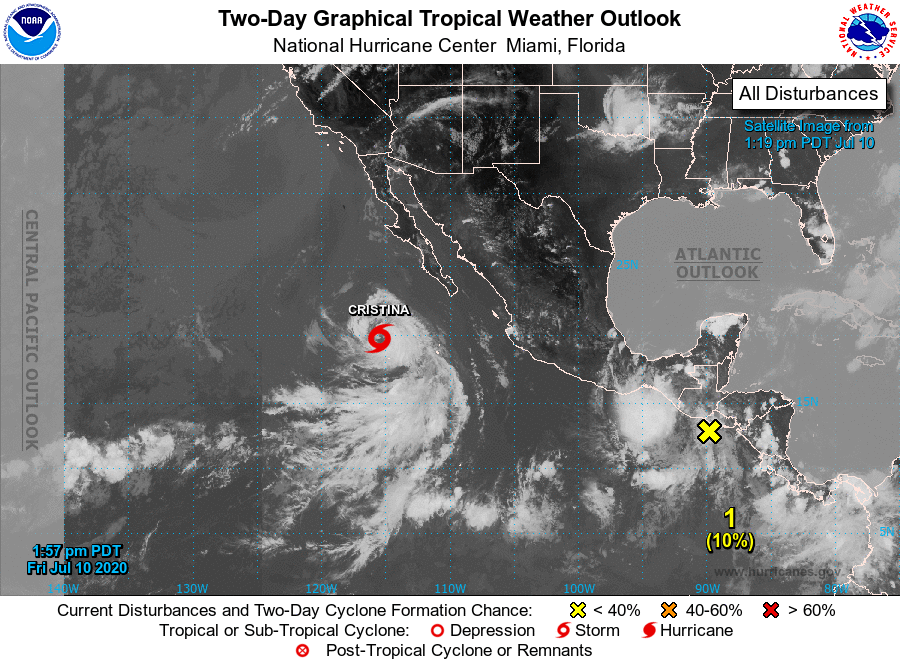
For the eastern North Pacific...east of 140 degrees west longitude:

The National Hurricane Center is issuing advisories on Tropical Storm Cristina, located a couple hundred miles west of Socorro Island.

1. Showers and thunderstorms extending a few hundred miles west of the coast of Guatemala are associated with a strong tropical wave. Environmental conditions are forecast to be conducive for development, and a tropical depression will likely form early next week while the system moves quickly westward well south of the coast of Mexico.
* Formation chance through 48 hours...low...10 percent.
* Formation chance through 5 days...high...70 percent.

Forecaster Latto